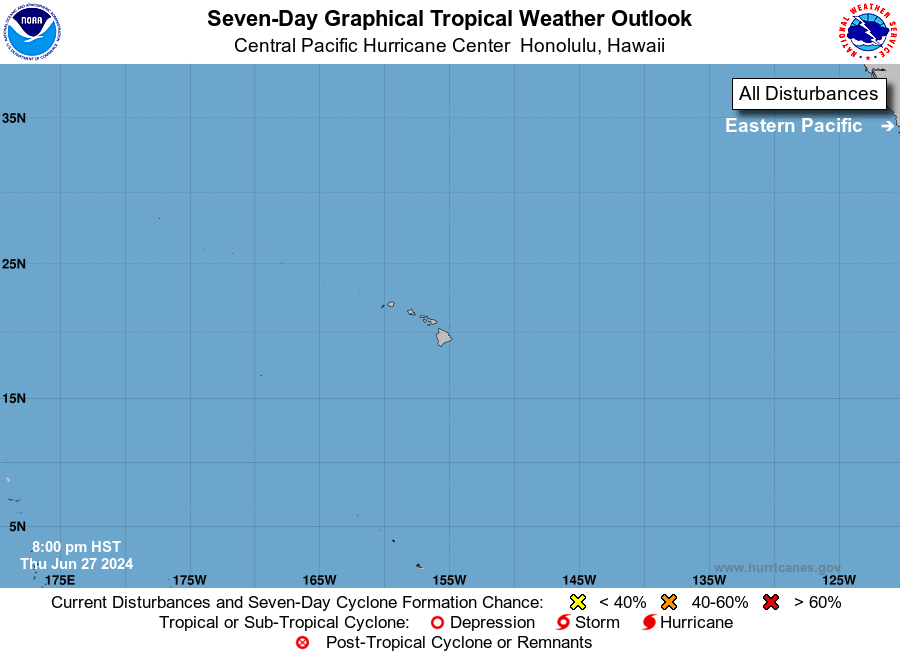
For the central North Pacific...between 140W and 180W:

No tropical cyclones are expected during the next 7 days.

Forecaster Jelsema